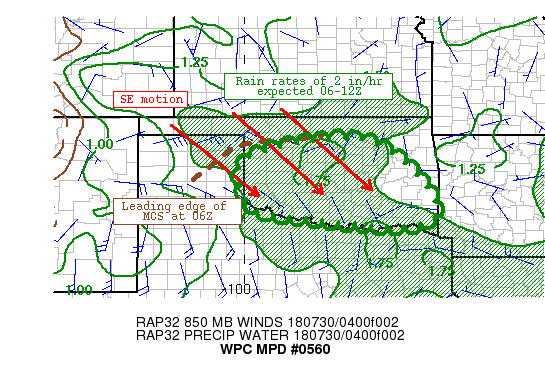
Areas affected...Central and Southern OK

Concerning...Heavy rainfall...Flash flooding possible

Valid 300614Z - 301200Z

SUMMARY...An intensifying mesoscale convective system moving into
an increasingly moist and unstable environment could produce
hourly rainfall rates in excess of 2.00 inches during the
overnight hours over much of OK east from the TX pandhandle.
Separate development ahead of the line would add to the flash
flood threat despite dry antecedent conditions in southern
portions of OK.

DISCUSSION...As of 06Z regional radars and GOES-16 IR imagery
showed strengthening convection pushing south to southeast over OK
and eastern portions of the TX panhandle early this morning. Rain
rates have recently increased to 2 in/hr. This convective activity
is entering higher instability (2000 J/Kg MUCAPE per latest RAP on
the SPC mesoanalysis page) and moisture (precipitable water around
1.6 inches per GPS data). A stationary front persists near the Red
River. The low level jet is increasing (southerly 850mb flow
currently 10 to 15 kt per VWP north TX into OK increases to 20 kt
through 09Z per recent RAP runs.

Continued cold pool development and mean layer northwest winds
around 25 kt will keep the main convective line progressive to the
southeast. However, three main flash flood threats are seen. 2-3
in/hr rain rates would cause urban flooding concerns including for
OKC. Left bookends within or at the end of the developing line
could prolong heavy rain enough to cause flash flooding. Pre-MCS
development in the southerly low level flow north of the surface
front (depicted best in the 00Z ARW2 and recent HRRR runs) would
create a repeat heavy rain scenario. Antecedent conditions are
increasingly dry south across OK. Therefore, the flash flood
threat should remain localized and is considered possible.